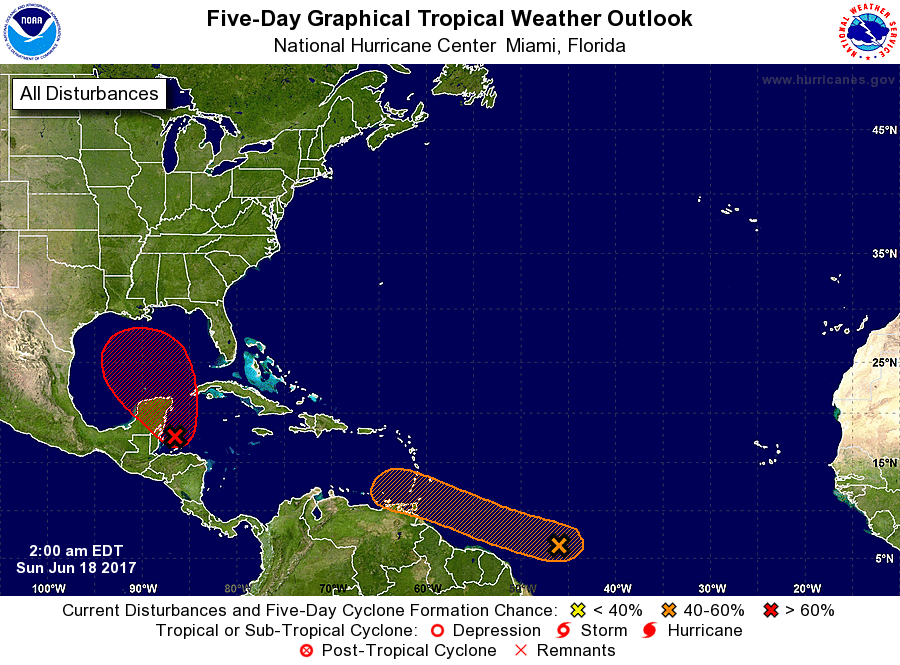
For the North Atlantic...Caribbean Sea and the Gulf of Mexico:

1. Showers and thunderstorms have changed little in organization during the past several hours in association with a tropical wave located about 1200 miles east-southeast of the southern Windward Islands. Some development of this system is possible during the next two to three days before environmental conditions become less favorable for tropical cyclone formation. This system is forecast to move to the west or west-northwest at 15 to 20 mph toward the Windward Islands and northeastern South America during the next few days.
* Formation chance through 48 hours...medium...40 percent.
* Formation chance through 5 days...medium...50 percent.

2. A broad area of low pressure located over the northwestern Caribbean Sea continues to produce a large area of disorganized showers and thunderstorms. Gradual development of this system is expected while it moves slowly northwestward across the Yucatan Peninsula on Sunday and over the southern or central Gulf of Mexico early next week, where a tropical or subtropical cyclone is likely to form. Regardless of development, heavy rains are expected over portions of Central America, the Yucatan Peninsula, Jamaica, the Cayman Islands, and western Cuba during the next several days. An Air Force Reserve Hurricane Hunter aircraft is scheduled to investigate this system on Sunday, if necessary.
* Formation chance through 48 hours...medium...40 percent.
* Formation chance through 5 days...high...80 percent.

Forecaster Landsea